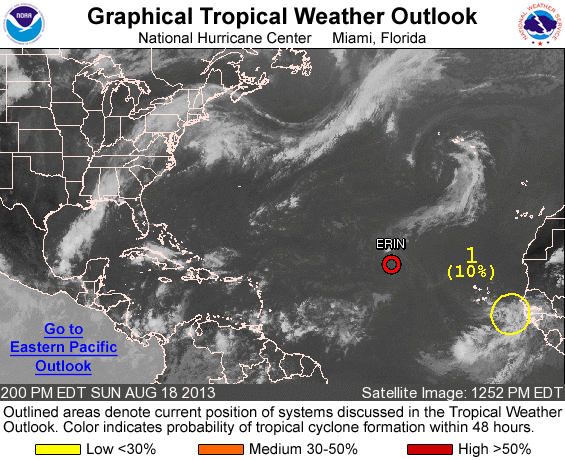
FOR THE NORTH ATLANTIC...CARIBBEAN SEA AND THE GULF OF MEXICO...

THE NATIONAL HURRICANE CENTER IS ISSUING ADVISORIES ON TROPICAL DEPRESSION ERIN...LOCATED WEST-NORTHWEST OF THE CAPE VERDE ISLANDS.

1. A TROPICAL WAVE BETWEEN THE WEST COAST OF AFRICA AND THE CAPE VERDE ISLANDS IS PRODUCING DISORGANIZED CLOUDINESS AND SHOWERS. ANY DEVELOPMENT OF THIS DISTURBANCE SHOULD BE SLOW TO OCCUR AS IT MOVES WESTWARD OVER THE TROPICAL ATLANTIC AT ABOUT 10 MPH DURING THE NEXT SEVERAL DAYS. THIS SYSTEM HAS A LOW CHANCE...10 PERCENT...OF BECOMING A TROPICAL CYCLONE DURING THE NEXT 48 HOURS...AND A LOW CHANCE...20 PERCENT...OF BECOMING A TROPICAL CYCLONE DURING THE NEXT 5 DAYS.

FIVE-DAY FORMATION PROBABILITIES ARE EXPERIMENTAL IN 2013. COMMENTS ON THE EXPERIMENTAL FORECASTS CAN BE PROVIDED AT...

HTTP://WWW.NWS.NOAA.GOV/SURVEY/NWS-SURVEY.PHP?CODE=ETWO

FORECASTER BERG